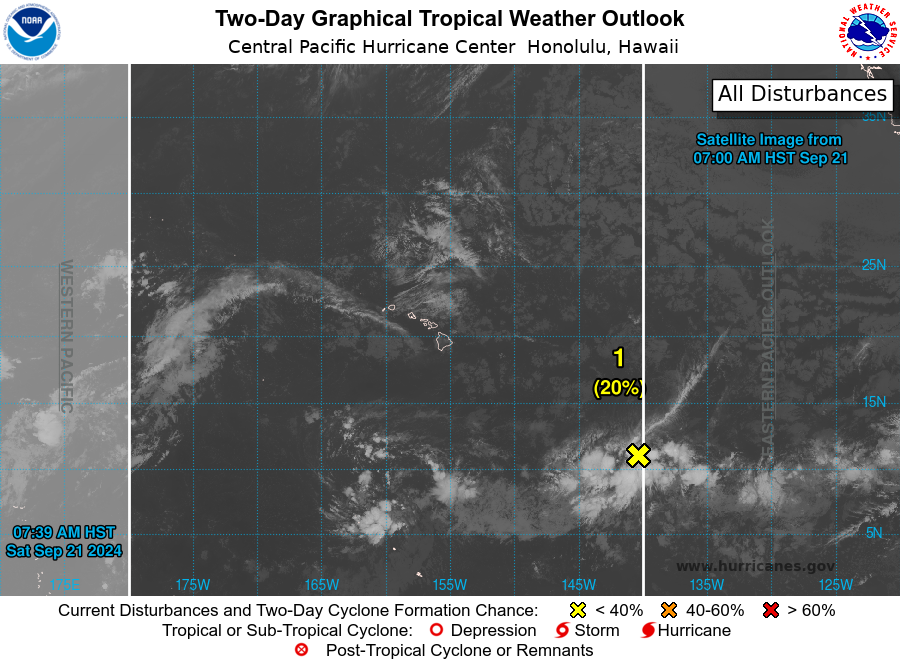
For the central North Pacific...between 140W and 180W:

1. Approximately 1150 miles east-southeast of Hilo, Hawaii: A broad and elongated area of low pressure located far east- southeast of Hawaii continues to produce disorganized showers and thunderstorms, while conditions aloft have produced increased outflow. Environmental conditions appear conducive for some development of this system during the next few days, and a tropical depression could form as it moves west-northwestward at 5 to 10 mph. By midweek, conditions will become gradually less conducive for development.
* Formation chance through 48 hours...medium...near 40 percent.
* Formation chance through 7 days...medium...60 percent.

Forecaster Wroe